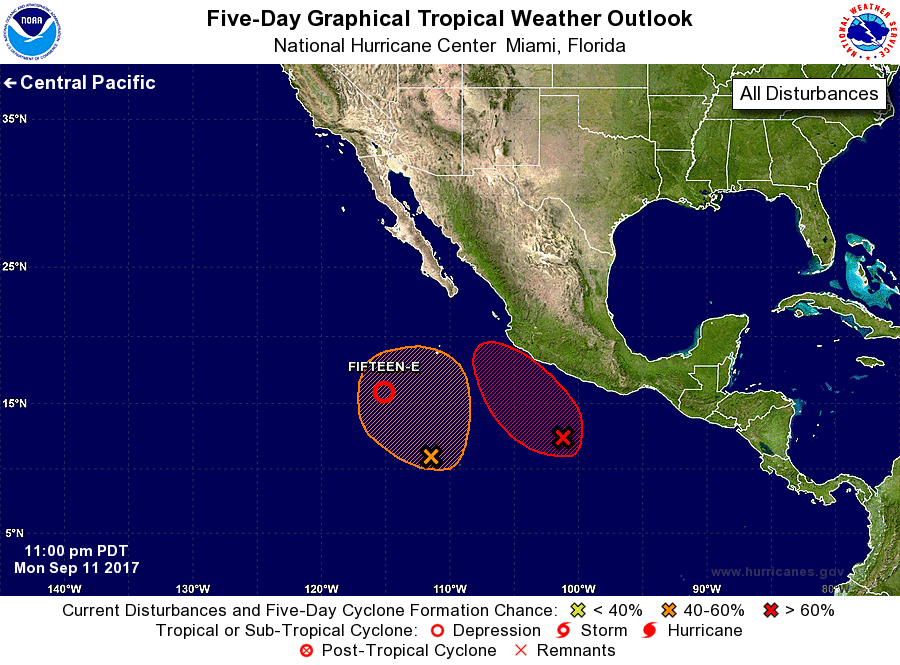
For the eastern North Pacific...east of 140 degrees west longitude:

The National Hurricane Center is issuing advisories on Tropical Depression Fifteen-E, located several hundred miles west-southwest of Manzanillo, Mexico.

1. A trough of low pressure located a couple of hundred miles south of the southern coast of Mexico is producing widespread disorganized showers and thunderstorms. Environmental conditions are forecast to be conducive for development, and a tropical depression is likely to form toward the end of the week while the system moves slowly northwestward.
* Formation chance through 48 hours...medium...50 percent.
* Formation chance through 5 days...high...70 percent.

2. Another area of low pressure is expected to form several hundred miles south-southwest of the Baja California peninsula during the next couple of days. After that time, environmental conditions are expected to be conducive for gradual development while it moves slowly northward.
* Formation chance through 48 hours...low...10 percent.
* Formation chance through 5 days...medium...60 percent.

Public Advisories on Tropical Depression Fifteen-E are issued under WMO header WTPZ35 KNHC and under AWIPS header MIATCPEP5. Forecast/Advisories on Tropical Depression Fifteen-E are issued under WMO header WTPZ25 KNHC and under AWIPS header MIATCMEP5.

Forecaster Roberts